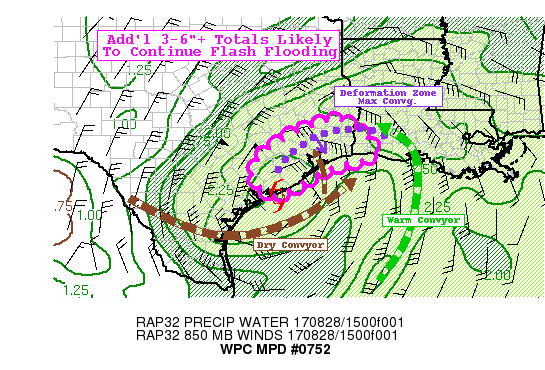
AREAS AFFECTED...UPPER TX COAST...EXT SOUTHWEST LA

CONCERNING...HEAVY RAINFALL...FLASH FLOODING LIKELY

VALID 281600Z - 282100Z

SUMMARY...STEADILY INCREASING CONVECTION NORTHEAST OF HARVEY'S
CENTER ALONG DEFORMATION ZONE. ADDITIONAL 3-6" ADDITIONAL TOTALS
LIKELY TO CONTINUE FLASH FLOODING.

DISCUSSION...CENTER OF HARVEY HAS SLIPPED JUST OFF THE TX COAST SE
OF MATAGORDA BAY.  WHILE EXPERIMENTAL GOES-16 6.9UM WV SUGGESTS
MID-LEVEL CENTER REMAINS JUST ASHORE TO THE NORTHEAST OVER E
MATAGORDA/SW BRAZORIA COUNTY DENOTING A SLIGHT NORTHEAST TILT TO
THE SYSTEM.  7.3UM WV ALSO DEPICTS STARK DRY CONVEYOR/SLOT
COVERING SE TX INTO SW LA.  THE MULTIPLE-WV SUITE ALSO SUGGESTS
THE NARROWING OF THE DEFORMATION ZONE/TROWAL ON THE NW SIDE OF THE
CIRCULATION.  OVERALL THIS SUGGESTS CONVECTION NEAR JUST NORTHEAST
OF THE CENTER WILL BE NEARLY STATIONARY WHILE ALSO SUPPORTED BY
REMAINING MID-LEVEL MOISTURE TRANSPORT FROM THE WARM CONVEYOR
BELT. AS SUCH CONVECTIVE AREAS HAVE FORMED WITH SHALLOW BUT
PERSISTENT BACKBUILDING ACROSS SW BRAZORIA AND NE BRAZORIA/S
HARRIS COUNTIES...DEEP MOISTURE AND WARM CLOUD PROCESSES SUPPORT
RAIN RATES OF 1.5"/HR OVER SATURATED SOILS PROLONGING THE HISTORIC
FLOODING CONDITIONS IN THE REGION.

FURTHER EAST IN THE DRY SLOT...CLEARING IS DEPICTED IN .6UM
VISIBLE IMAGERY ACROSS SE TX EXTENDING SOUTHWARD INTO THE GULF.
THIS IS PROVIDING INCREASED INSOLATION AND STEADILY INCREASING
INSTABILITY.  EXPECTATION IS FOR CONVECTIVE DEVELOPMENT TO BEGIN
TO INCREASE OVER THE NEXT FEW HOURS ALONG THE COAST WHERE
FRICTIONAL CONVERGENCE IS MAXIMIZED...AS WELL AS DEEPER MST
CONVERGENCE ALONG THE AFOREMENTIONED SHARPENING DEFORMATION ZONE.
THE COMBINED AFFECTS WILL ALLOW FOR FAIRLY STATIONARY/TRAINING
CELLS TO DEVELOP WHILE ALSO SUPPORTING UPSTREAM REDEVELOPMENT
THROUGH THE EARLY AFTERNOON HOURS.  RATES WILL ALSO STEADILY
INCREASE WITH CONVECTIVE VIGOR TOWARD 18-20Z SUPPORTING RATES OF
2.5-3.5"/HR AND TOTALS PARTICULARLY ALONG COAST SOUTH OF I-10 TO
EXCEED 3" WITH LOCALIZED TOTALS OF 6" OR EVEN HIGHER POSSIBLE.
THIS IS IN LINE WITH THE 12Z NAM-CONEST AND 00Z ARW.